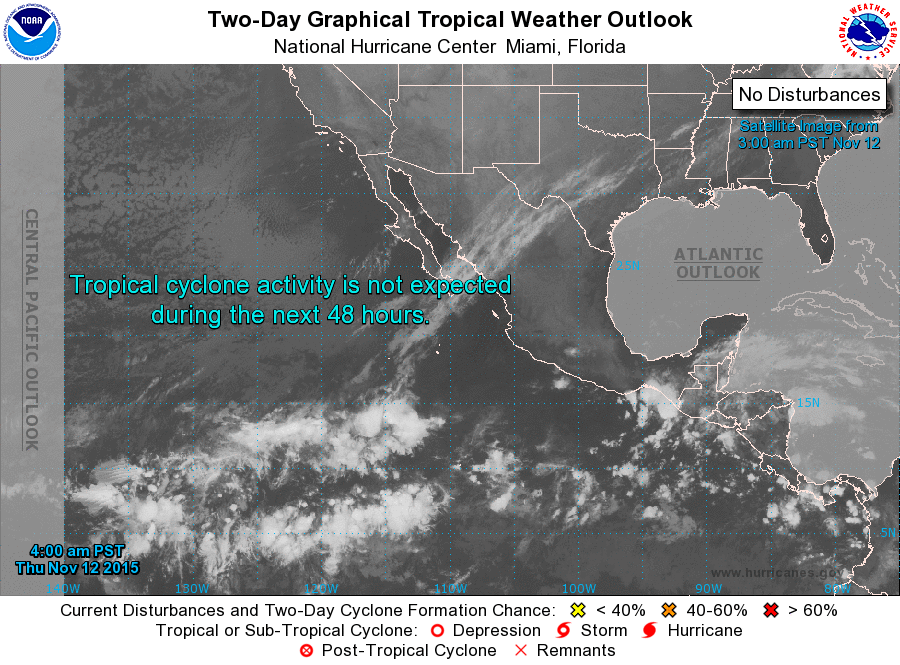
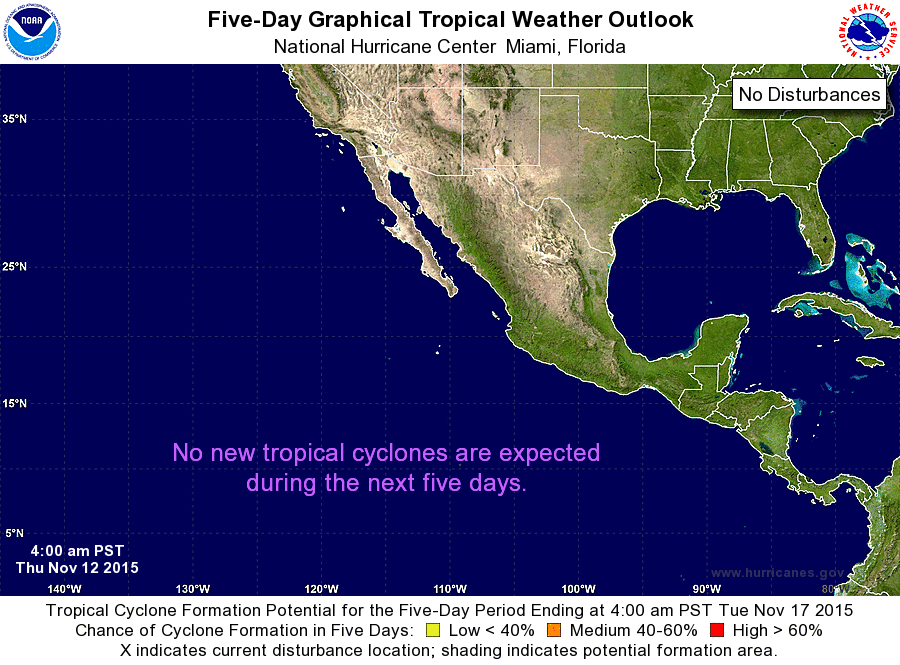
For the eastern North Pacific...east of 140 degrees west longitude:

Tropical cyclone formation is not expected during the next 5 days.

Forecaster Stewart